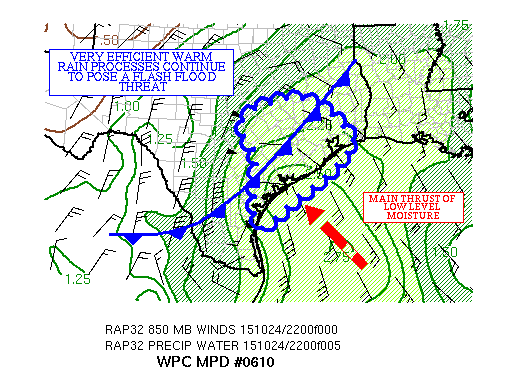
AREAS AFFECTED...MIDDLE AND UPPER TX COAST...

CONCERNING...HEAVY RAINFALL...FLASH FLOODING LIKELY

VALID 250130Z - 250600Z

SUMMARY...VERY EFFICIENT WARM RAIN PROCESSES WILL CONTINUE TO POSE
THE THREAT FOR FLASH FLOODING ALONG THE MIDDLE AND UPPER TX COASTS
THROUGH THE EARLY MORNING HOURS.

DISCUSSION...REGIONAL RADARS INDICATED A GROWING AREA OF
CONVECTION OFF THE MIDDLE TX COAST...IN AN AREA OF IR TOPS HAVE
COOLED TO -75 C OR BELOW. THE CONVECTION IS DEVELOPING IN A 25 TO
35 KNOT LOW LEVEL SOUTHEAST INFLOW...WHERE PRECIPITABLE WATER
VALUES ARE ABOUT 2.50 INCHES (PER THE TOTAL BLENDED PRECIPITABLE
WATER PRODUCTS AND GPS READINGS). INSTABILITY HAS BEEN LIMITED TO
THE IMMEDIATE SOUTHEAST AND MIDDLE TX COAST AHEAD OF A COLD
FRONT...AS WELL AS OVER THE WESTERN GULF OF MEXICO.

THE MRMS PRECIPITATION RATE PRODUCT SHOWED HOURLY RAINFALL RATES
AS HIGH AS 3-4 INCHES WITH THE CONVECTION OFF THE MIDDLE TX
COAST...CLOSE TO THE COLDEST IR TOPS. CLOSER TO THE COAST...KCRP
RADAR INDICATED HOURLY RAINFALL RATES CLOSER TO 2 INCHES...WHERE
THE INSTABILITY IS NOT QUITE AS ROBUST. THE NEAR TERM MOTION
SHOWED THAT THE DEEPER CONVECTION (WITH THE HIGHER RAINFALL RATES)
CROSSING THE MIDDLE TX COAST BEFORE 25/03Z.

SURFACE LOW PRESSURE DEVELOPING OFF THE SOUTHEAST TX COAST WILL
FOCUS THE DEEP MOISTURE AND AVAILABLE INSTABILITY ON THE MIDDLE
AND UPPER TX COAST THROUGH 25/06Z...AS THE LOW LEVEL INFLOW
INCREASES TO 30 TO 40 KNOTS. THERE IS A STRONG HIGH RESOLUTION
GUIDANCE SOLUTION CONSENSUS TO PLACE 3-5 INCHES OF RAINFALL
BETWEEN KCRP AND KGLS...WITH BOTH THE 22Z HRRR AND THE 12Z WRF-ARW
SHOWING LOCAL 9 INCH RAINFALL AMOUNTS THROUGH 25/06Z. A
SIGNIFICANT FLASH FLOOD EVENT IS POSSIBLE...ESPECIALLY IF THE
HIGHER RAINFALL AMOUNTS END UP IN METRO AREAS.

INSTABILITY COULD END UP BEING THE LIMITING FACTOR FOR RAINFALL
TOTALS THAT HIGH. GIVEN THE DEPTH OF MOISTURE AND STRONG INFLOW
NORTH OF THE SURFACE LOW (AS WELL AS ONGOING MRMS RAINFALL
RATES)...LOCAL 6+ INCH RAINFALL AMOUNTS SEEM PLAUSIBLE.
OBVIOUSLY...RAINFALL AMOUNTS THIS HIGH WILL RESULT IN FLASH
FLOODING.